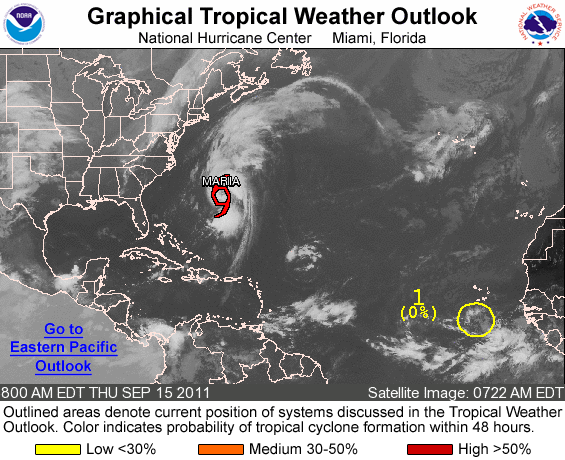
FOR THE NORTH ATLANTIC...CARIBBEAN SEA AND THE GULF OF MEXICO...

THE NATIONAL HURRICANE CENTER IS ISSUING ADVISORIES ON TROPICAL STORM MARIA...LOCATED ABOUT 200 MILES WEST-SOUTHWEST OF BERMUDA.

1. CLOUDINESS AND SHOWERS ASSOCIATED WITH A TROPICAL WAVE SOUTH OF THE CAPE VERDE ISLANDS HAVE DIMINISHED. THIS SYSTEM HAS A LOW CHANCE...NEAR 0 PERCENT...OF BECOMING A TROPICAL CYCLONE DURING THE NEXT 48 HOURS.

ELSEWHERE...TROPICAL CYCLONE FORMATION IS NOT EXPECTED DURING THE NEXT 48 HOURS.

FORECASTER BEVEN